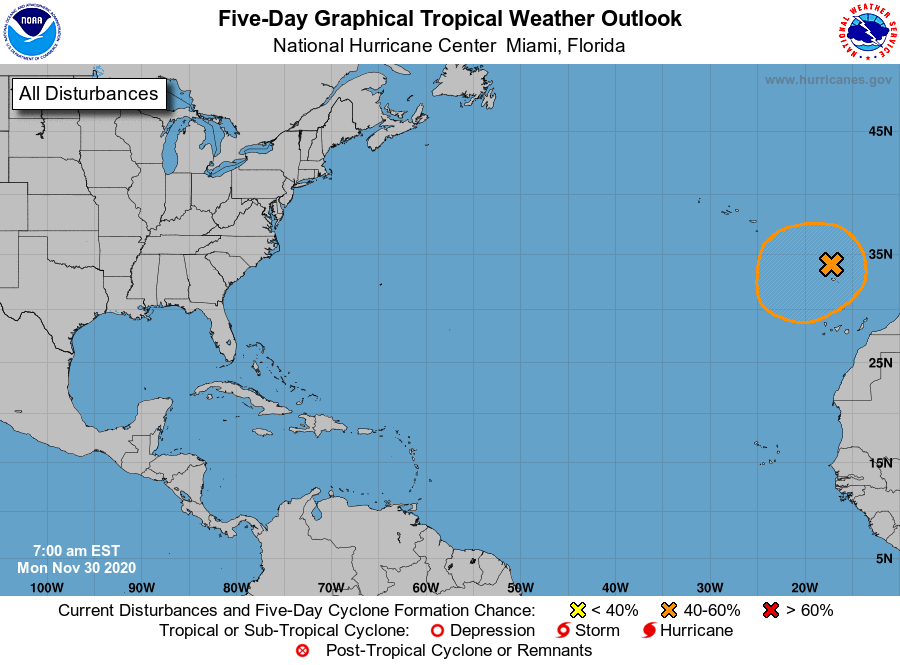
For the North Atlantic...Caribbean Sea and the Gulf of Mexico:

1. A large non-tropical low pressure system centered just north of the Madeira Islands is continuing to produce disorganized showers and thunderstorms. This low is expected to meander over the next day or so and could acquire subtropical characteristics during that time. Afterwards, environmental conditions are forecast to become unfavorable for further development. Regardless of subtropical formation, this system will continue to produce strong winds and locally heavy rains in the Madeira Islands through Tuesday. Additional information on this system can be found in High Seas Forecasts issued by Meteo France.
* Formation chance through 48 hours...medium...40 percent.
* Formation chance through 5 days...medium...40 percent.

High Seas Forecasts issued by Meteo France can be found under WMO header FQNT50 LFPW.

Forecaster Papin/Berg